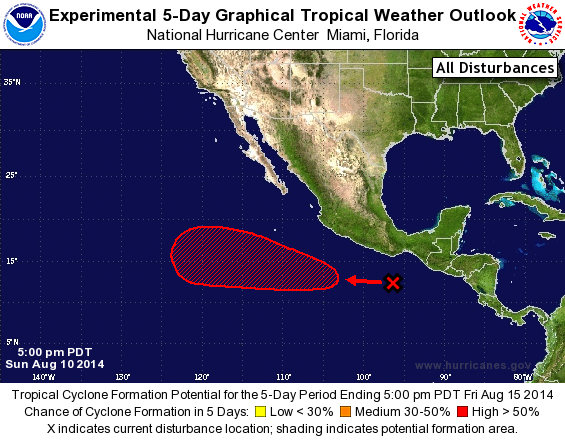
For the eastern North Pacific...east of 140 degrees west longitude:

1. Disorganized showers and thunderstorms located a couple of hundred miles southwest of the Gulf of Tehuantepec are associated with a tropical wave. Strong upper-level winds are expected to limit significant development of the wave during the next couple of days. After that time, however, environmental conditions are expected to become more conducive, and a tropical depression is likely to form later this week while the system moves generally west-northwestward at 10 to 15 mph.
* Formation chance through 48 hours...low...10 percent.
* Formation chance through 5 days...high...70 percent.

Forecaster Blake